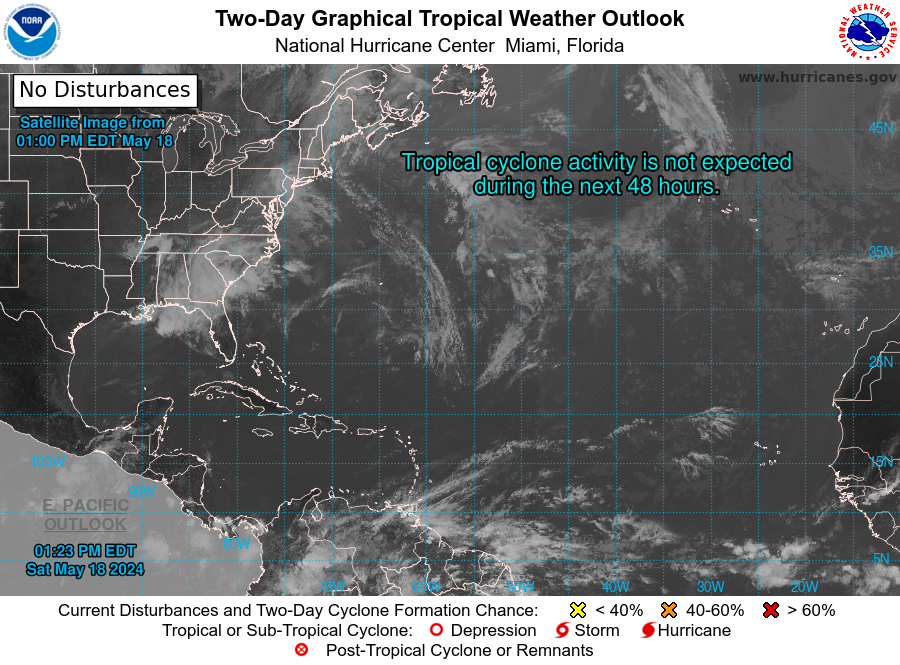
For the North Atlantic...Caribbean Sea and the Gulf of Mexico:

Tropical cyclone formation is not expected during the next 7 days.

Forecaster Reinhart